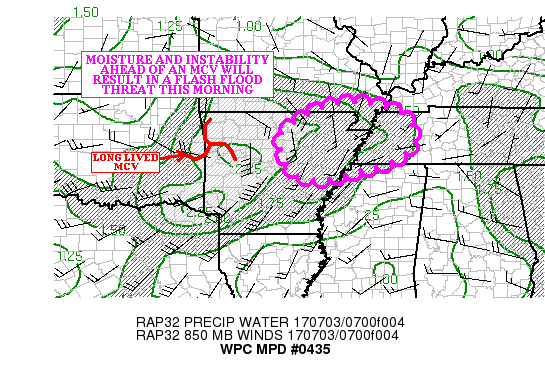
AREAS AFFECTED...NORTHEAST AR ...FAR SOUTHEAST MO...FAR WESTERN TN

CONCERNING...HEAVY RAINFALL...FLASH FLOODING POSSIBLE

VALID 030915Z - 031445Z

SUMMARY...DEEP MOISTURE AND INSTABILITY STREAMING AHEAD OF A
LONG-LIVED MCV COULD RESULT IN A FLASH FLOOD THREAT THIS MORNING.

DISCUSSION...RADAR AND SATELLITE LOOPS SHOWED THE LONG-LIVED AND
STRONG MCV CROSSING INTO NORTHWEST AR EARLY THIS MORNING. AHEAD OF
THE MCV...500-1000 J/KG OF MUCAPE AND PRECIPITABLE WATER VALUES
NEAR 2.00 INCHES ARE BEING TRANSPORTED NORTHEAST ON A 25 TO 35
KNOT LOW LEVEL SOUTHWEST FLOW. MUCH OF THE CONVECTION AHEAD OF THE
MCV HAS BECOME OUTFLOW DOMINATED...WHICH IS AIDING TO MITIGATING
THE FLASH FLOOD THREAT AT LEAST IN THE NEAR TERM.

HOWEVER...THE MOISTURE AND INSTABILITY HAVE BECOME FOCUSED ON A
LOW LEVEL BOUNDARY STRETCHED ACROSS NORTHERN AR INTO WESTERN
TN...AND IS BEST DELINEATED BY AN ISODROSOTHERMAL GRADIENT. ALONG
THIS GRADIENT...PROPAGATION VECTORS HAVE DROPPED TO NEAR 10 KNOTS
OR SO...AND THIS IS ALLOWING CONVECTION TO SLOW ACROSS NORTHEAST
AR INTO FAR SOUTHEAST MO AND FAR WESTERN TN. BOTH THE LZK AND NQA
RADARS HAVE SHOWN HOURLY RAINFALL RATES NEAR 1.75 INCHES...WHERE
TRAINING HAS BEEN OCCURRING.

AS THE MCV MOVES EASTWARD...THE BEST THRUST OF MOISTURE AND
INSTABILITY IS EXPECTED TO BECOME FOCUSED ALONG THE DEW POINT
GRADIENT THROUGH ABOUT 14Z. INTERESTINGLY...WHILE THE LATEST RAP
AND HRRR RUNS HAVE THE FORCING IN THE RIGHT LOCATIONS...NEITHER IS
HANDLING THE CONVECTION ON THE DEW POINT GRADIENT WELL AT ALL.

IN FACT...MUCH OF THE AVAILABLE HIGH RESOLUTION GUIDANCE IS TOO
FAR WEST WITH THE RAINFALL...AND THIS WAS ADJUSTED TO BETTER FIT
THE CURRENT RADAR TRENDS. ONE AND THREE HOUR FLASH FLOOD GUIDANCE
VALUES ARE GENERALLY BETWEEN 2.00 AND 3.00 INCHES ACROSS NORTHEAST
AR INTO WESTERN TN. HOWEVER...TRAINING IN THE HIGH MOISTURE
CONTENT AIR SHOULD RESULT IN AN EXPANSION OF THE THREAT OF FLASH
FLOODING THROUGH ABOUT 15Z.